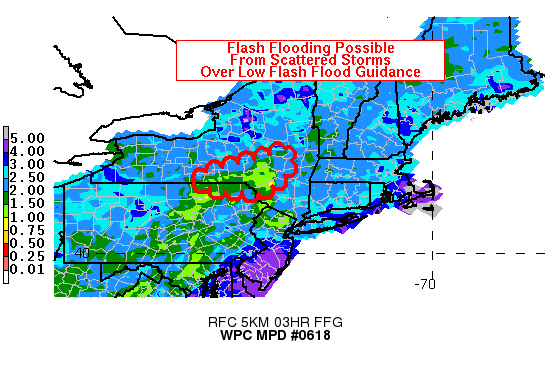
Areas affected...Southern New York and Extreme Northeast
Pennsylvania

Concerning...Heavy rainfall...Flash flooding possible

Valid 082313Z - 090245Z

Summary....Flash flooding is possible this evening over portions
of southern New York and extreme northeast Pennsylvania as
scattered thunderstorms move over an area with low Flash Flood
Guidance.

Discussion...Early evening radar imagery showed scattered
thunderstorms over portions of southern New York which extended a
bit into far northeast Pennsylvania.  Observed rainfall rates of
1.00 inch to 1.25 inches per hour have been reported in the
strongest convection.  While rainfall rates of this magnitude can
generally be handled most of the time, Flash Flood Guidance was as
low as 1 inch per 3 hours.

Higher resolution convective-allowing models suggest that rainfall
rates from the most active convection will possibly approach these
rates for another several hours before cells weaken.  Given fairly
steady forward motion to the convection, any problems should be
confined to the area with the lowest Flash Flood Guidance and not
for a prolonged period of time through about 03Z (although there
may be a brief period of back-building cells through 02Z or so).